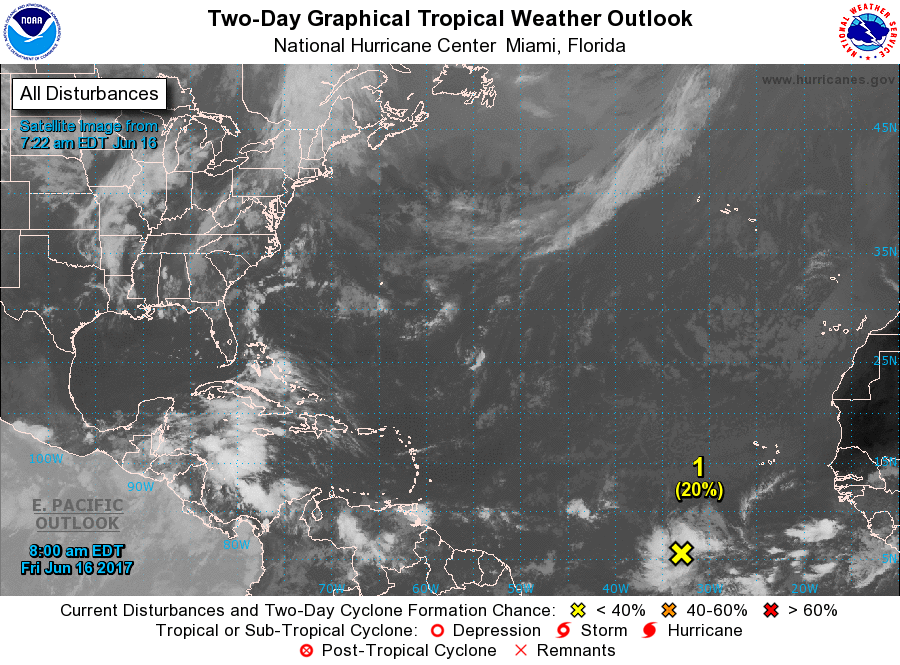
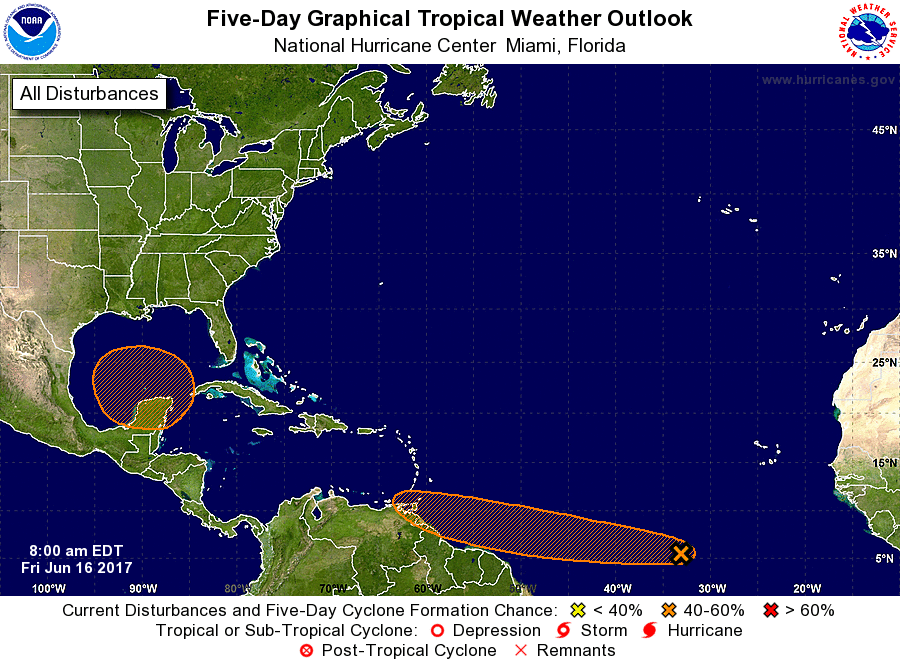
For the North Atlantic...Caribbean Sea and the Gulf of Mexico:

1. Cloudiness and showers associated with a tropical wave located several hundred miles southwest of the Cabo Verde Islands have become better organized since yesterday. Additional slow development is possible during the next few days while the wave moves westward at 15-20 mph over the tropical Atlantic.
* Formation chance through 48 hours...low...20 percent.
* Formation chance through 5 days...medium...40 percent.

2. A broad area of low pressure is expected to form over the northwestern Caribbean Sea and the Yucatan peninsula during the next day or two. Conditions appear to be favorable for gradual development of this system while it moves slowly northwestward into the southern Gulf of Mexico early next week.
* Formation chance through 48 hours...low...near 0 percent.
* Formation chance through 5 days...medium...60 percent.

Forecaster Beven